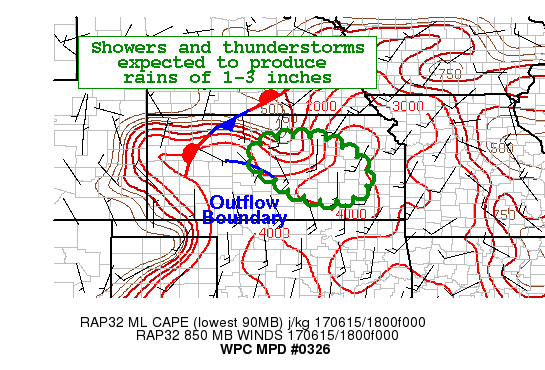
AREAS AFFECTED......NORTH CENTRAL TO SOUTHEAST KS...

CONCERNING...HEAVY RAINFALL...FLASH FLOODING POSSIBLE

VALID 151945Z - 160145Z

SUMMARY...THUNDERSTORMS CAUSED BY DAYTIME HEATING AND MOISTENING
IN SOUTHEAST INFLOW ARE STARTING TO BUILD ACROSS NORTH CENTRAL KS.
HOURLY RAIN RATES TO 2", WITH LOCAL AMOUNTS OF 2-3" ARE POSSIBLE.

DISCUSSION...MESOSCALE ANALYSIS AND SATELLITE IMAGERY REVEAL
SHOWERS AND STORMS DEVELOPING NEAR A FRONTAL BOUNDARY IN NORTH
CENTRAL KS.  THE REGION STARTED DRY MIDDAY BUT CONTINUING SFC-700
MB MOIST SOUTH TO SOUTHEAST INFLOW SHOULD COMBINE WITH FAVORABLE
LAPSE RATES OF 7-8 DEG C/KM IN THE 18Z TOPEKA SOUNDING TO ALLOW
GREATER COVERAGE THIS AFTERNOON AND EVENING.

THE AREA IS SHOWN AS POSSIBLE AND NOT LIKELY DUE TO RELATIVELY
HIGH 2.5-3 INCHES OF RAIN IN THE FLASH FLOOD GUIDANCE.  THE 2 WRF
ARW RUNS FROM EMC AND THE WRF FROM NSSL SHOW 2-3 INCHES OF RAIN IN
THE 6 HOURS ENDING AT 00Z.

GFS MODEL DERIVED CORFIDI PROPAGATION VECTORS SHOW AN
EAST-SOUTHEAST REDEVELOPMENT AND FORWARD MOTION, WITH ACTIVITY
DEVELOPING INTO SOUTHEAST KS LATE THIS AFTERNOON AND EVENING.
THE GRAPHIC HERE SHOWS THE AXIS OF DEVELOPING INSTABILITY WITH
MIXED LAYER CAPES ALREADY 4-5 KJ/KG CAPE.